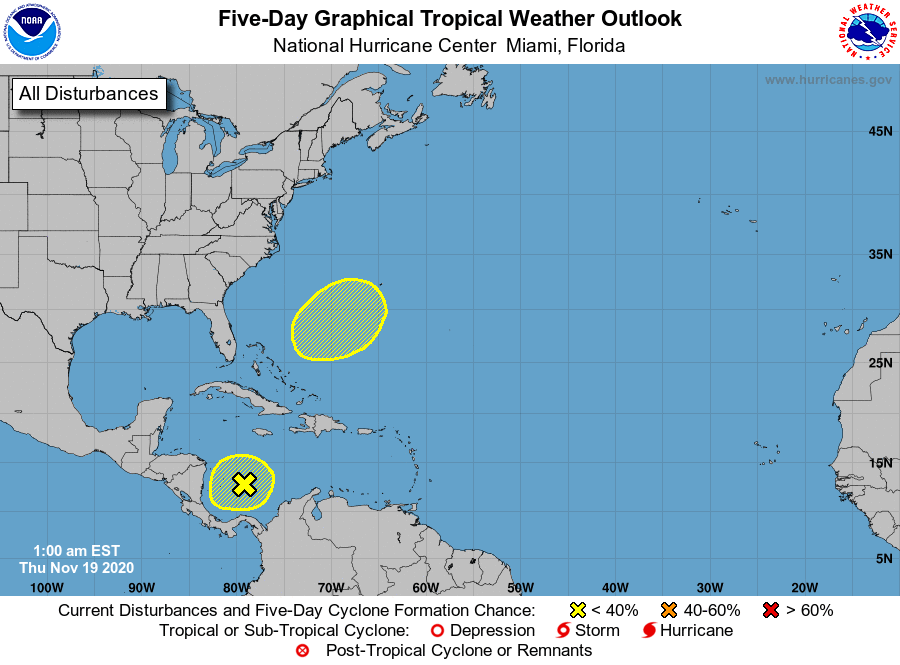
For the North Atlantic...Caribbean Sea and the Gulf of Mexico:

1. A broad area of low pressure located over the southwestern Caribbean Sea and is producing an area of disorganized showers and thunderstorms. Development, if any, of this system is expected to slow to occur during the next several days while it drifts west-southwestward or westward across the southwestern Caribbean Sea. Regardless of tropical cyclone formation, areas of heavy rain are possible during the next several days from Nicaragua southward across Central America and into Colombia. These rains could cause new flooding concerns, especially across previously inundated areas.
* Formation chance through 48 hours...low...near 0 percent.
* Formation chance through 5 days...low...10 percent.

2. A non-tropical area of low pressure could form between the Bahamas and Bermuda by early next week. The system could gradually develop subtropical characteristics through the middle of next week while it moves northeastward.
* Formation chance through 48 hours...low...near 0 percent.
* Formation chance through 5 days...low...20 percent.

Forecaster Stewart